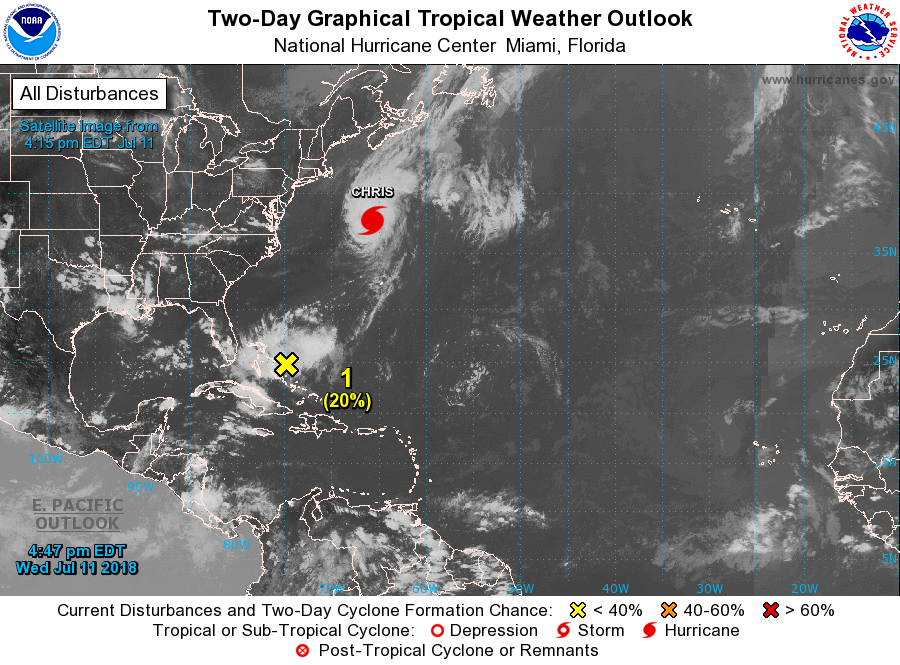
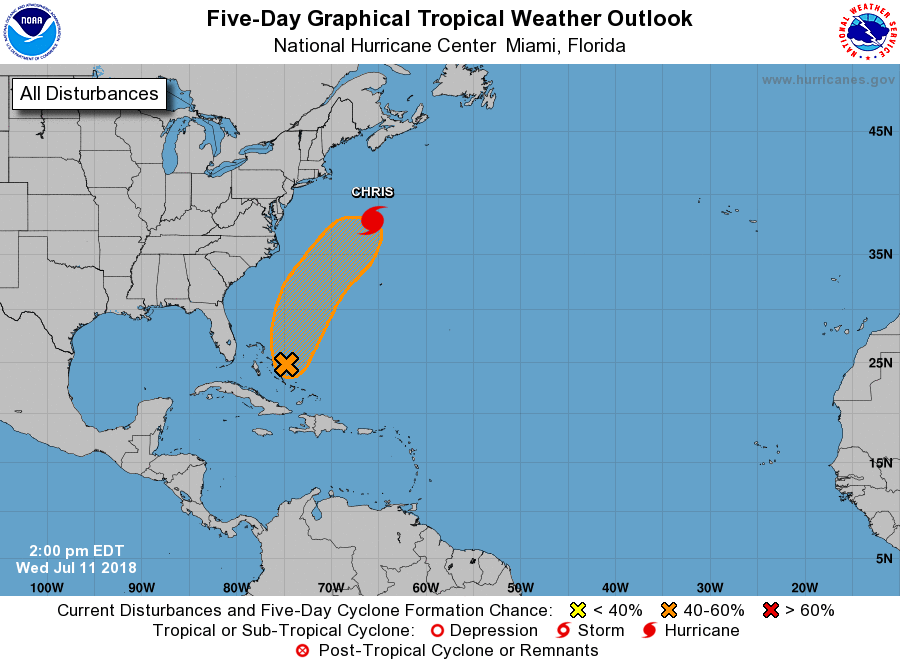
For the North Atlantic...Caribbean Sea and the Gulf of Mexico:

The National Hurricane Center is issuing advisories on Hurricane Chris, located more than 400 miles east-northeast of the North Carolina Outer Banks.

1. The remnants of Beryl continue to produce a broad area of disorganized showers and thunderstorms over much of the Bahamas and extending northeastward over the western Atlantic for a few hundred miles. Little or no development is expected today, but conditions could become a little more favorable later in the week and over the weekend while the disturbance moves slowly northward and northeastward over the western Atlantic. Additional information on this disturbance can be found in High Seas Forecasts issued by the National Weather Service.
* Formation chance through 48 hours...low...20 percent.
* Formation chance through 5 days...medium...50 percent.

High Seas Forecasts issued by the National Weather Service can be found under AWIPS header NFDHSFAT1, WMO header FZNT01 KWBC, and on the Web at http://ocean.weather.gov/shtml/NFDHSFAT1.shtml.

Forecaster Stewart